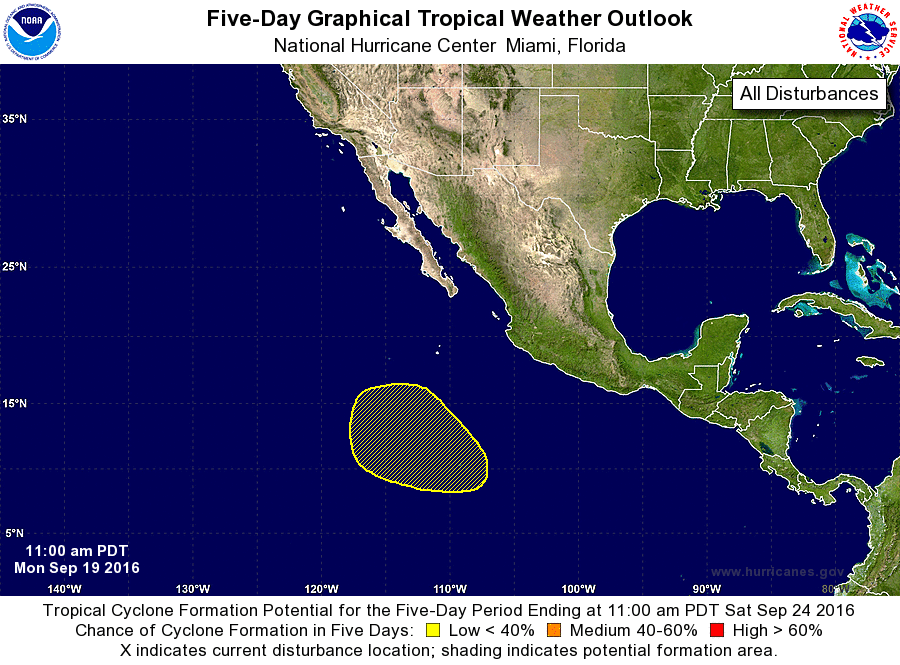
For the eastern North Pacific...east of 140 degrees west longitude:

The National Hurricane Center is issuing advisories on Hurricane Paine, located a few hundred miles west of the southern tip of the Baja California peninsula.

1. An area of low pressure could form in a couple of days several hundred miles southwest of southwestern Mexico. Development, if any, of this system should be slow to occur while it moves slowly northwestward.
* Formation chance through 48 hours...low...near 0 percent
* Formation chance through 5 days...low...20 percent

Forecaster Landsea